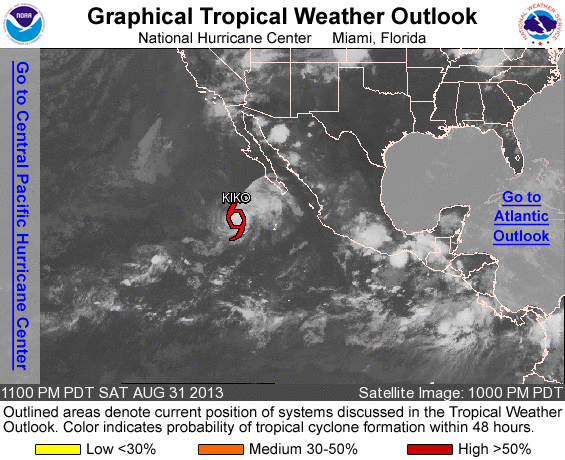
FOR THE EASTERN NORTH PACIFIC...EAST OF 140 DEGREES WEST LONGITUDE..

THE NATIONAL HURRICANE CENTER IS ISSUING ADVISORIES ON TROPICAL STORM KIKO...LOCATED SEVERAL HUNDRED MILES WEST-SOUTHWEST OF THE SOUTHERN TIP OF THE BAJA CALIFORNIA PENINSULA.

TROPICAL CYCLONE FORMATION IS NOT EXPECTED WITHIN THE NEXT 48 HOURS.

OTHER SYSTEMS WITH FORMATION POTENTIAL BEYOND 48 HOURS...

AN AREA OF DISTURBED WEATHER IS EXPECTED TO FORM A COUPLE OF HUNDRED MILES SOUTH OF THE SOUTHERN COAST OF MEXICO IN A FEW DAYS. CONDITIONS COULD BE CONDUCIVE FOR SOME SLOW DEVELOPMENT OF THIS DISTURBANCE...WHICH IS FORECAST TO MOVE SLOWLY TOWARD THE WEST-NORTHWEST. THIS SYSTEM HAS A LOW CHANCE...NEAR 0 PERCENT...OF BECOMING A TROPICAL CYCLONE DURING THE NEXT 48 HOURS...AND A MEDIUM CHANCE...30 PERCENT...OF BECOMING A TROPICAL CYCLONE DURING THE NEXT 5 DAYS.

&&
FIVE-DAY FORMATION PROBABILITIES ARE EXPERIMENTAL IN 2013. COMMENTS ON THE EXPERIMENTAL FORECASTS CAN BE PROVIDED AT...

HTTP://WWW.NWS.NOAA.GOV/SURVEY/NWS-SURVEY.PHP?CODE=ETWO

FORECASTER BROWN